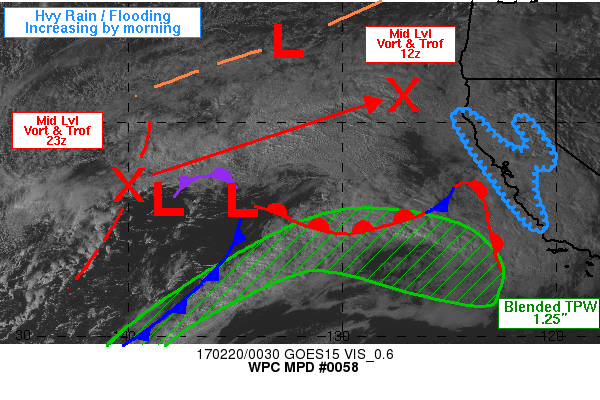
AREAS AFFECTED...CA COAST...SACRAMENTO VALLEY...SIERRAS

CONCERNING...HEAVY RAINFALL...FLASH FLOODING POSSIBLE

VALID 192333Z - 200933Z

SUMMARY...MODERATE RAIN RATES BY 06Z BECOMING HEAVY BY 12Z WITH AN
INCREASING THREAT OF FLOODING AND FLASH FLOODING.

DISCUSSION...THE NEXT POTENT PACIFIC STORM INCLUDED A BROAD AND
WELL DEFINED ATMOSPHERIC RIVER EXTENDING FROM HAWAII
NORTHEASTWARD...AND CURVING ANTICYCLONICALLY INTO A WARM FRONTAL
ZONE POSITIONED JUST OFFSHORE OF CALIFORNIA AT 23Z SUNDAY. DEEP
CLOUD LAYERS IN VISIBLE IMAGERY TRACED THE OUTLINE OF THE
RIVER...WHILE ALSO COINCIDING WITH THE SURFACE FRONTAL STRUCTURE
AS ANALYZED BY OPC/WPC. THE RIVER WAS MARKED BY PRECIPITABLE WATER
VALUES 1.00 TO 1.25 INCHES...PERHAPS TOPPING OUT JUST BELOW 1.50
INCHES PER BLENDED TPW IMAGERY.

THE SYNOPTIC SCENARIO ABOUT TO UNFOLD PER THE CONSENSUS OF LARGE
SCALE GUIDANCE...WAS NEARLY IDEAL TO PRODUCE A PROLONGED HEAVY
RAIN EVENT OVER PARTS OF CENTRAL/NORTHERN CA. AN ENERGETIC BUT LOW
AMPLITUDE SHORTWAVE THAT WAS AROUND 140 DEG WEST AT 23Z...WILL
MOVE TO JUST OFF NORTHWEST CA BY 12Z...DRAGGING THE RIVER ONSHORE
BUT NOT BUCKLING THE FLOW SUFFICIENTLY TO MOVE THE FRONTAL SYSTEM
THROUGH. AN UPSTREAM WAVE DIGGING FROM THE GULF OF ALASKA WILL
MAINTAIN THE LARGE SCALE TROUGH OFF CALIFORNIA...ALLOWING
PROLONGED MOIST SOUTHWESTERLY DEEP LAYER FLOW LATE TONIGHT THROUGH
MONDAY NIGHT.

THE MAIN QUESTION MARK HAS BEEN WHICH NARROW CORRIDOR WILL SEE THE
MOST INTENSE RAINFALL. THE CONSENSUS...INCLUDING BIAS CORRECTED
ENSEMBLE INFORMATION...IS FOR THE HEAVIEST RAIN TO FALL DIRECTLY
OVER THE SAN FRANCISCO BAY AREA AND ADJACENT MOUNTAIN
RANGES...EXTENDING DOWNWIND THROUGH SACRAMENTO AND INTO THE
SIERRAS. PER HI-RES GUIDANCE...HOURLY RAIN RATES OF A QUARTER INCH
SHOULD DEVELOP ALONG THE COAST BY 05 OR 06Z TONIGHT...WITH RATES
INCREASING TO AROUND 0.50 INCHES BY 12Z...ESPECIALLY NEAR SAN
FRANCISCO...AND INCREASING TO A QUARTER INCH BY THAT TIME IN THE
WINDWARD SIDE OF THE SIERRAS.

WITH SOUTHWARD EXTENT TOWARD SAN LUIS OBISPO THE MOST LIKELY TIME
FOR HEAVY RAIN WILL BE EARLIER IN THE NIGHT...ALTHOUGH WARM
ADVECTION WILL DOMINATE WHICH USUALLY LEADS TO GENTLER RAIN...AND
RATES MAY STRUGGLE TO APPROACH A HALF INCH PER HOUR. THE HEAVIER
RATES ARE EXPECTED TOWARD MONTEREY / SAN FRANCISCO BY MORNING AS
THE APPROACHING SHORTWAVE INDUCES STRENGTHENING AND VEERING WINDS
WITH A GREATER ONSHORE COMPONENT. THE GFS FORECASTS FORTY TO FIFTY
KNOTS OF ONSHORE FLOW IN THE 850-700 MB LAYER WITH STRONG MOISTURE
FLUX VALUES IN THAT LAYER.

GIVEN THE WET WINTER...MANY STATIONS HAVING RECORDED A TOP FIVE
WETTEST THREE MONTH STRETCH SINCE NOVEMBER 17 PER THE REGIONAL
CLIMATE CENTER PERSPECTIVES TOOL...BOTH FLOODING AND FLASH
FLOODING WILL BE POSSIBLE.